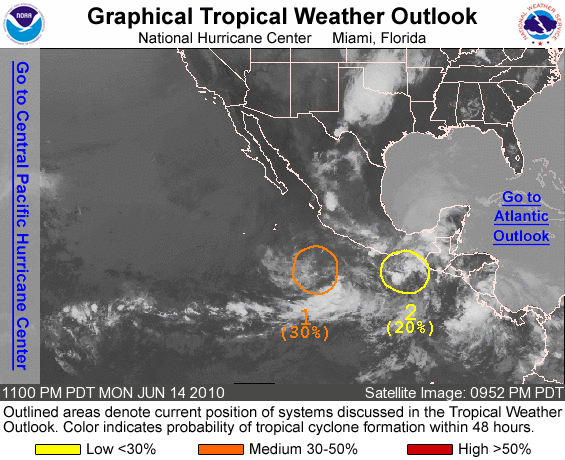
FOR THE EASTERN NORTH PACIFIC...EAST OF 140 DEGREES WEST LONGITUDE..

1. CLOUDINESS AND SHOWERS HAVE DECREASED DURING THE PAST 6 HOURS IN ASSOCIATION WITH A LOW PRESSURE SYSTEM LOCATED ABOUT 325 MILES WEST-SOUTHWEST OF ACAPULCO MEXICO. HOWEVER...ENVIRONMENTAL CONDITIONS ARE MARGINALLY CONDUCIVE FOR SOME SLOW DEVELOPMENT OVER THE NEXT COUPLE OF DAYS AS THE LOW REMAINS NEARLY STATIONARY. THERE IS A MEDIUM CHANCE...30 PERCENT...OF THIS DISTURBANCE BECOMING A TROPICAL CYCLONE DURING THE NEXT 48 HOURS.

2. A BROAD AREA OF LOW PRESSURE CONTINUES TO PRODUCE WIDESPREAD CLOUDINESS AND A FEW THUNDERSTORMS FROM THE GULF OF TEHUANTEPEC SOUTHWARD FOR A FEW HUNDRED MILES. THIS DISTURBANCE HAS CHANGED LITTLE TONIGHT AND FURTHER DEVELOPMENT...IF ANY...SHOULD BE SLOW TO OCCUR OVER THE NEXT DAY OR TWO AS THE SYSTEM REMAINS NEARLY STATIONARY. THERE IS A LOW CHANCE...20 PERCENT...OF THIS SYSTEM BECOMING A TROPICAL CYCLONE DURING THE NEXT 48 HOURS.

ELSEWHERE...TROPICAL CYCLONE FORMATION IS NOT EXPECTED DURING THE NEXT 48 HOURS.

FORECASTER STEWART/BLAKE